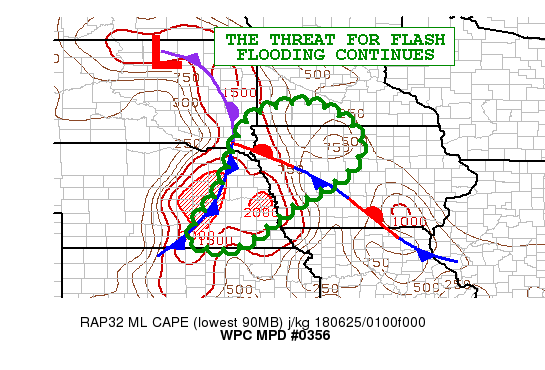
AREAS AFFECTED...EASTERN NE...WESTERN IA...EXTREME SOUTHEAST
SD...SOUTHWEST MN

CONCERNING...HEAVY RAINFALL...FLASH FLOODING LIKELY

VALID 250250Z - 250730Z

SUMMARY...ADDITIONAL SLOW-MOVING SHOWERS AND THUNDERSTORMS WITH
HEAVY RAINFALL RATES WILL FOSTER MORE FLASH FLOODING CONCERNS OVER
THE NEXT FEW HOURS.

DISCUSSION...SOME ADDITIONAL CONVECTIVE CLOUD TOP COOLING IS SEEN
OVER THE TRI-STATE AREA OF NE/SD/IA AS A VERY SLOW-MOVING COLD
FRONT APPROACHES FROM THE WEST OUT AHEAD OF A SHORTWAVE TROUGH
EJECTING OUT ACROSS THE PLAINS. THE BOUNDARY LAYER AIRMASS AHEAD
OF THE FRONT REMAINS MODERATELY UNSTABLE WITH AS MUCH AS 1500 TO
2000 J/KG OF MLCAPE AND THIS HAS BEEN AIDING NEW DEVELOPMENT OVER
THE LAST COUPLE OF HOURS WITH SUPPORT ALSO OF A RATHER DIVERGENT
FLOW PATTERN ALOFT.

OVER THE NEXT FEW HOURS...THE RELATIVELY NARROW AXIS OF FAVORABLE
INSTABILITY SHOULD GRADUALLY BECOME EXHAUSTED WITH CONVECTIVE
OVERTURNING AND LOSS OF DAYTIME HEATING...BUT THE CONVECTION THAT
IS ONGOING WILL BE RATHER SLOW-MOVING AND THIS WILL STILL PROMOTE
HEAVY RAINFALL TOTALS.

THE PWATS ARE GENERALLY 1.5 TO 1.7 INCHES BASED ON THE LATEST
GPS-DERIVED DATA...AND THIS WILL FAVOR VERY HEAVY RAINFALL RATES
THAT COULD EXCEED 2 INCHES/HR WITHIN THE STRONGER CONVECTIVE
CORES/UPDRAFTS.

THE HRRR/HRRRX GUIDANCE FAVORS SOME ADDITIONAL TOTALS LOCALLY OF 3
TO 4 INCHES WITH ISOLATED HEAVIER AMOUNTS GOING THROUGH 06Z...AND
THIS WILL LIKELY CAUSE SOME ADDITIONAL FLASH FLOODING.